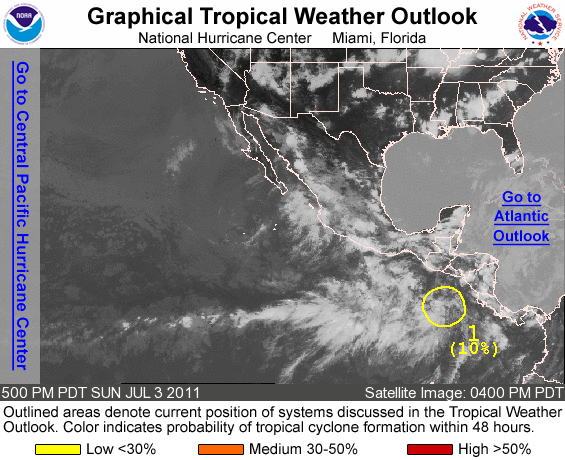
FOR THE EASTERN NORTH PACIFIC...EAST OF 140 DEGREES WEST LONGITUDE..

1. AN AREA OF DISTURBED WEATHER LOCATED ABOUT 300 MILES SOUTH OF THE BORDER OF GUATEMALA AND EL SALVADOR IS PRODUCING DISORGANIZED SHOWER ACTIVITY. ENVIRONMENTAL CONDITIONS APPEAR FAVORABLE FOR SOME GRADUAL DEVELOPMENT OF THIS SYSTEM AS IT MOVES TOWARD THE WEST-NORTHWEST AT 5 TO 10 MPH OVER THE NEXT COUPLE OF DAYS. THERE IS A LOW CHANCE...10 PERCENT...OF THIS SYSTEM BECOMING A TROPICAL CYCLONE IN THE NEXT 48 HOURS.

ELSEWHERE...TROPICAL CYCLONE FORMATION IS NOT EXPECTED DURING THE NEXT 48 HOURS.

FORECASTER BRENNAN